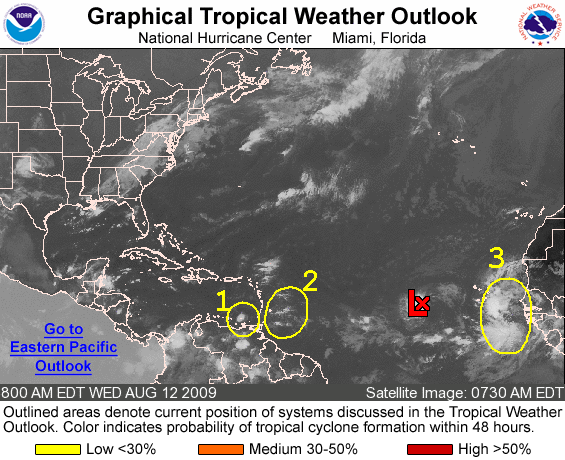
FOR THE NORTH ATLANTIC...CARIBBEAN SEA AND THE GULF OF MEXICO...

THE NATIONAL HURRICANE CENTER IS ISSUING ADVISORIES ON TROPICAL DEPRESSION TWO...LOCATED ABOUT 535 MILES WEST OF THE SOUTHERNMOST CAPE VERDE ISLANDS.

1. A SMALL LOW OVER THE SOUTHEASTERN CARIBBEAN SEA IS PRODUCING A LIMITED AREA OF SHOWERS AND THUNDERSTORMS. DEVELOPMENT OF THIS SYSTEM IS NOT EXPECTED AND THERE IS A LOW CHANCE...LESS THAN 30 PERCENT...OF IT BECOMING A TROPICAL CYCLONE DURING THE NEXT 48 HOURS.

2. SHOWER ACTIVITY ASSOCIATED WITH A TROPICAL WAVE ABOUT 300 MILES EAST OF THE LESSER ANTILLES HAS DIMINISHED. THERE IS A LOW CHANCE... LESS THAN 30 PERCENT...OF THIS SYSTEM BECOMING A TROPICAL CYCLONE DURING THE NEXT 48 HOURS.

3. A LARGE AREA OF SHOWERS AND THUNDERSTORMS BETWEEN THE CAPE VERDE ISLANDS AND AFRICA IS ASSOCIATED WITH A VIGOROUS TROPICAL WAVE. SLOW DEVELOPMENT OF THIS SYSTEM IS POSSIBLE OVER THE NEXT FEW DAYS AS IT MOVES TO THE WEST AT 10 TO 15 MPH. THERE IS A LOW CHANCE... LESS THAN 30 PERCENT...OF THIS SYSTEM BECOMING A TROPICAL CYCLONE DURING THE NEXT 48 HOURS.

ELSEWHERE...TROPICAL CYCLONE FORMATION IS NOT EXPECTED DURING THE NEXT 48 HOURS.

FORECASTER BEVEN